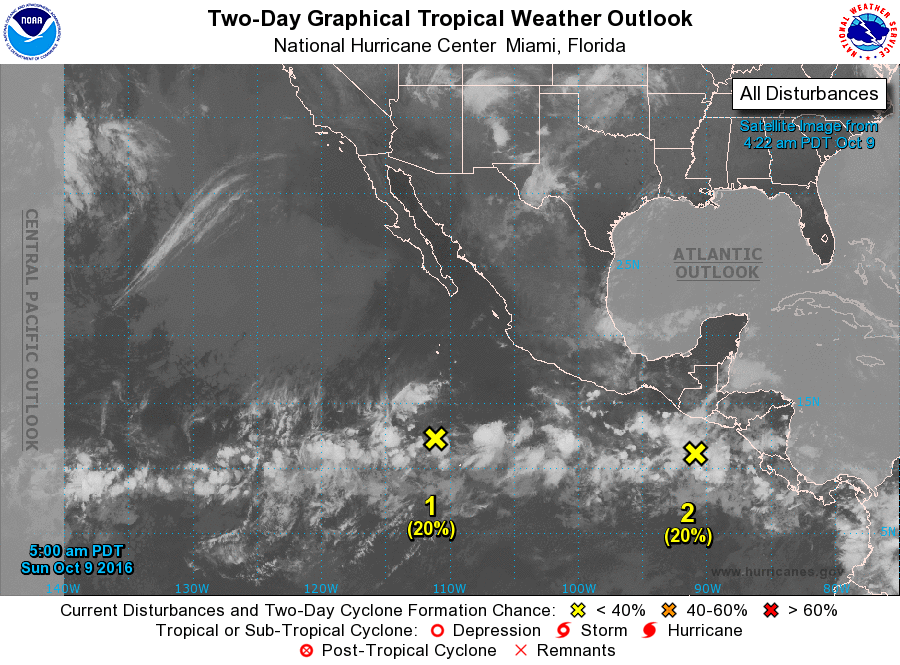
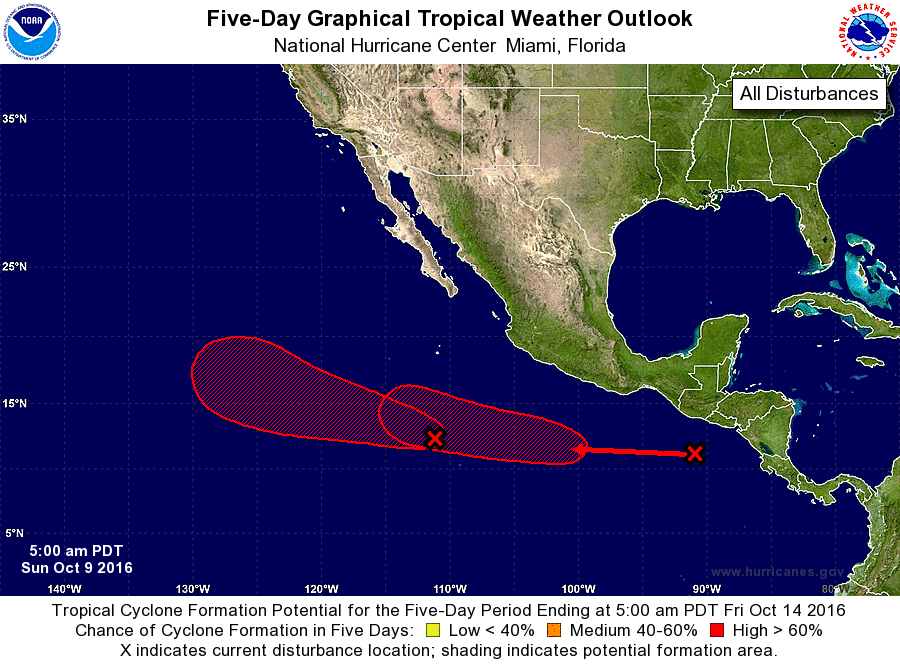
For the eastern North Pacific...east of 140 degrees west longitude:

1. A large area of showers and thunderstorms, extending from several hundred miles south through southwest of the southern tip of the Baja California peninsula, is associated with a trough of low pressure. This disturbance is expected to gradually consolidate during the next couple of days, and a tropical depression is likely to form later this week while moving west-northwestward to northwestward.
* Formation chance through 48 hours...low...20 percent
* Formation chance through 5 days...high...70 percent

2. An area of disorganized showers and thunderstorms is located a couple of hundred miles south of the coasts of El Salvador and Guatemala. Environmental conditions are expected to generally be conducive for development, and a tropical depression is likely to form later this week while this system moves westward and then west-northwestward.
* Formation chance through 48 hours...low...20 percent
* Formation chance through 5 days...high...70 percent

Forecaster Kimberlain